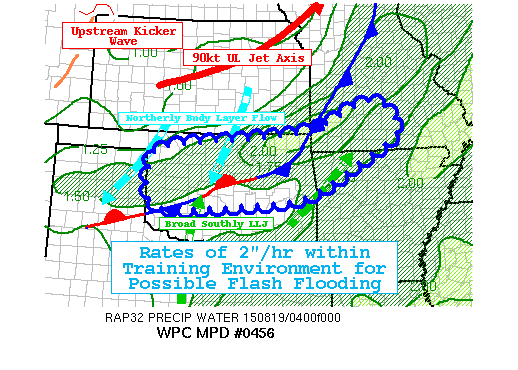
AREAS AFFECTED...NORTHERN OKLAHOMA...NORTHWEST
ARKANSAS...SOUTHWESTERN MISSOURI

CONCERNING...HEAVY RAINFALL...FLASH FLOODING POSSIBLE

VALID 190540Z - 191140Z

SUMMARY...VERY STRONG MOISTURE CONVERGENCE ALONG FRONTAL ZONE WITH
NEARLY PARALLEL FLOW SETTING UP TRAINING ENVIRONMENT FOR POSSIBLE
FLASH FLOODING.

DISCUSSION...UNSEASONABLY STRONG CYCLONE LIFTING OUT FO THE UPPER
MIDWEST DRAPES STRONG COLD FRONT ACROSS THE DISCUSSION AREA.
UPSTREAM SHORTWAVE KICKER EXITING THE HIGH PLAINS IS INCREASING
BOUNDARY LAYER FLOW ON EITHER SIDE OF THE FRONTAL ZONE FOR NEARLY
60 KTS OF NEARLY 180 DEGREE CONVERGENCE.  THIS IS ALLOWING FOR
STRONG FRONTOGENESIS BUT ALSO GREAT ASCENT WITHIN A MODERATELY
MOIST PROFILE ENVIRONMENT WITH TOTAL PWATS IN THE 1.5-2" RANGE
(WEST TO EAST).  STRONG JET STREAK IN THE DRY SLOT WILL LEAVE THE
RIGHT ENTRANCE REGION DYNAMICS TO TRACE ALONG THE FRONT.  GIVEN
THE STRENGTH OF THE JET 90+ KTS...THE BROAD SCALE UVVS FROM THE
DIVERGENCE SHOULD BE STRONG TO SUPPORT UPDRAFT CORE
EVACUATION...INCREASING CELL EFFICIENCY.  EXPECTATION OF RATES IN
THE 2"/HR RANGE ARE LIKELY WITH SOME INCREASED RATES WHERE SOME
CELLS MERGE ALONG THE BOUNDARY.

ALSO WITH HEIGHT FALLS WEST WITH THE SHORTWAVE...ALLOWS FOR THE
SURFACE FRONT TO REMAIN GENERALLY ORIENTED WEST TO EAST AHEAD OF
THE TROF AXIS...WITH LITTLE MOVEMENT WITH DEEP UNIDIRECTIONAL FLOW
IN THE CLOUD BARING LAYER (ABOVE 800MB) TO ALLOW FOR A TRAINING
ENVIRONMENT ACROSS N OK INTO NW AR/SW MO BEFORE SHIFTING MORE
NORTH-NORTHEAST.  STRONG FLOW SHOULD LIMIT EXTREME TOTALS AS THE
BACK EDGE OF THE LINE SHOULD PROGRESS QUICKLY FROM THE TEXAS
PANHANDLE THROUGH CENTRAL AND EASTERN OKLAHOMA OVER THE NEXT 6
HOURS WITH TOTALS IN THE 2-4" EXPECTED.  IT WOULD NOT BE SHOCKING
FOR SOME ISOLATED HIGHER TOTALS IN THE 5-6" RANGE IF HANG
UPS/MERGERS OCCUR...BUT THIS APPEARS TOO RANDOM FOR ANY CONFIDENCE
TO PINPOINT THIS SCENARIO.   CONFIDENCE IS RELATIVELY HIGH GIVEN
THE HIGH CLUSTERING OF HI-RESOLUTION CONVECTION ALLOWING MODELS TO
SUPPORT THIS EVOLUTION...SUCH AS THE ARW/NMMB/THEIR PARALLEL
RUNS/ESRL HRRR/06Z NAM-CONEST.